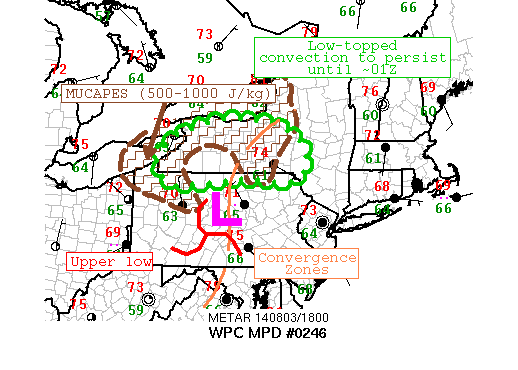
AREAS AFFECTED...SOUTHWESTERN TO SOUTHERN NY/NORTHERN PA...

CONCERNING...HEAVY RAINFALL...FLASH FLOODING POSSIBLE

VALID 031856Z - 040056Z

SUMMARY...AN UPPER-LEVEL LOW SPINNING OVER SOUTH-CENTRAL PA WILL
CONTINUE TO IGNITE CONVECTION THIS AFTERNOON. RELATIVELY LOW FFG
VALUES MAY ENHANCE THE THREAT FOR FLASH FLOODING THROUGH ~01Z.
THIS SYSTEM ALREADY HAS A HISTORY OF PRODUCING SUCH CONDITIONS
OVER CENTRAL PA.

DISCUSSION...A BROAD AREA OF LOW-TOPPED PULSE CONVECTION DEVELOPED
EARLIER THIS MORNING WITH THE ACTIVITY EXPANDING IN COVERAGE AS
SURFACE HEATING CONTINUES. CAPE VALUES IN THE REGION ARE 500-1000
J/KG PER THE SPC MESOANALYSIS PAGE.  INFLOW IS MINIMAL INTO THE
REGION, SO INDIVIDUAL STORMS SHOULD BE OUTFLOW-DRIVEN AND
SHORT-LIVED.  HOWEVER...VERY EFFICIENT WARM RAIN PROCESSES ARE IN
PLACE WITH NEARLY SATURATED SOUNDINGS FROM THE SURFACE TO 600-MB,
IMPLYING THAT FORWARD PROPAGATION IS UNLIKELY.

RAINFALL RATES UP TO 2 INCHES PER HOUR ARE LIKELY WITH POCKETS OF
2-4" AMOUNTS POSSIBLE IN THE STRONGER CONVECTIVE CELLS. SLOW CELL
MOTIONS COMBINED WITH THE MOIST PROFILES SUGGEST FLASH FLOODING
MAY OCCUR IN AREAS OF SOUTHERN NY/NORTHERN PA. HIGH-RESOLUTION
GUIDANCE HAS A PRETTY STRONG HEAVY RAINFALL SIGNAL THROUGH 00Z
WHICH RAISES FORECASTER CONFIDENCE IN THIS SCENARIO -- USED 01Z AS
A HORIZON SINCE THAT HAS WORKED OUT REASONABLY WELL FOR THE WANING
OF CONVECTION THE PAST COUPLE OF DAYS. WILL MAINTAIN A HIGHLIGHTED
AREA THROUGH THE CONVECTIVE CYCLE BEFORE WEAKENING OCCURS BEYOND
~01Z.